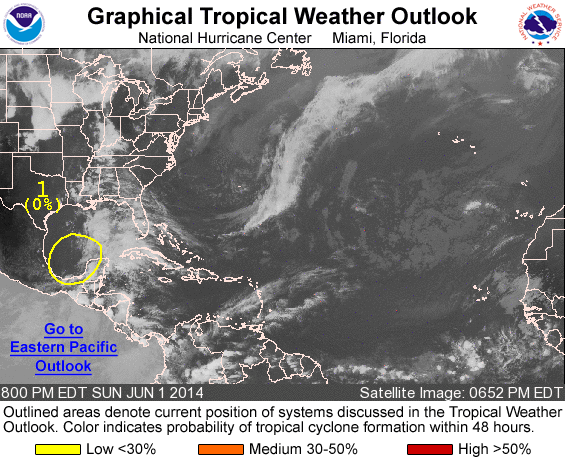
For the North Atlantic...Caribbean Sea and the Gulf of Mexico:

1. A stationary trough of low pressure over the southwestern Gulf of Mexico is producing widespread cloudiness and showers. Environmental conditions are not currently conducive for development, but may become slightly more favorable later this week as this system moves little.
* Formation chance through 48 hours...low...near 0 percent
* Formation chance through 5 days...low...20 percent

Forecaster Landsea